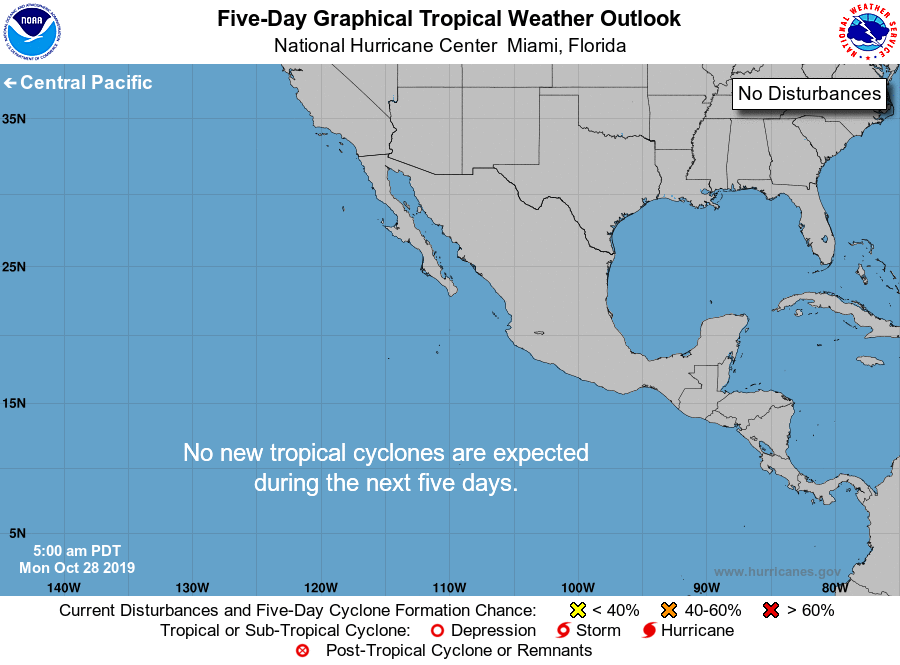
For the eastern North Pacific...east of 140 degrees west longitude:

Tropical cyclone formation is not expected during the next 5 days.

Forecaster Latto